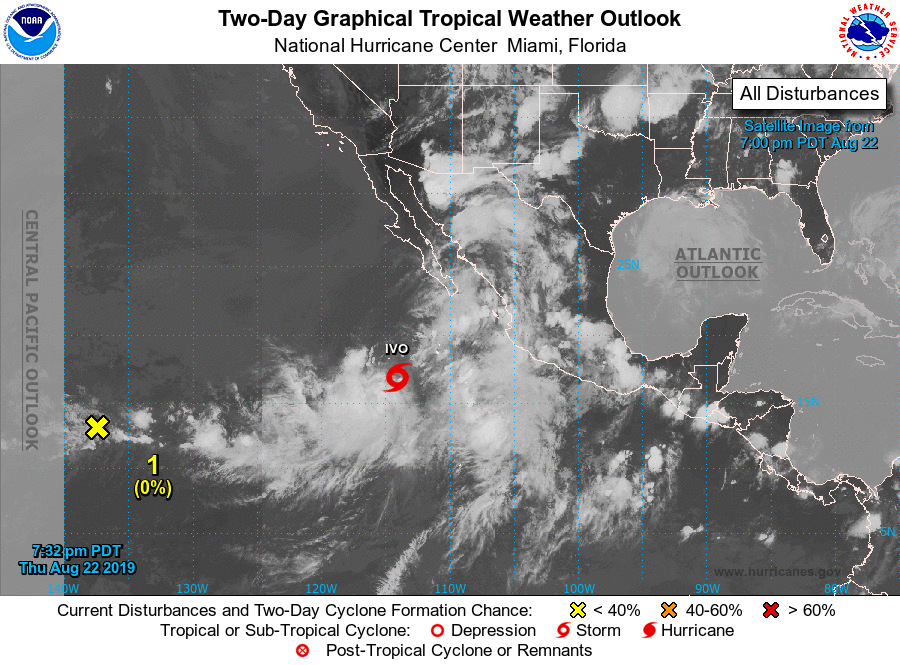
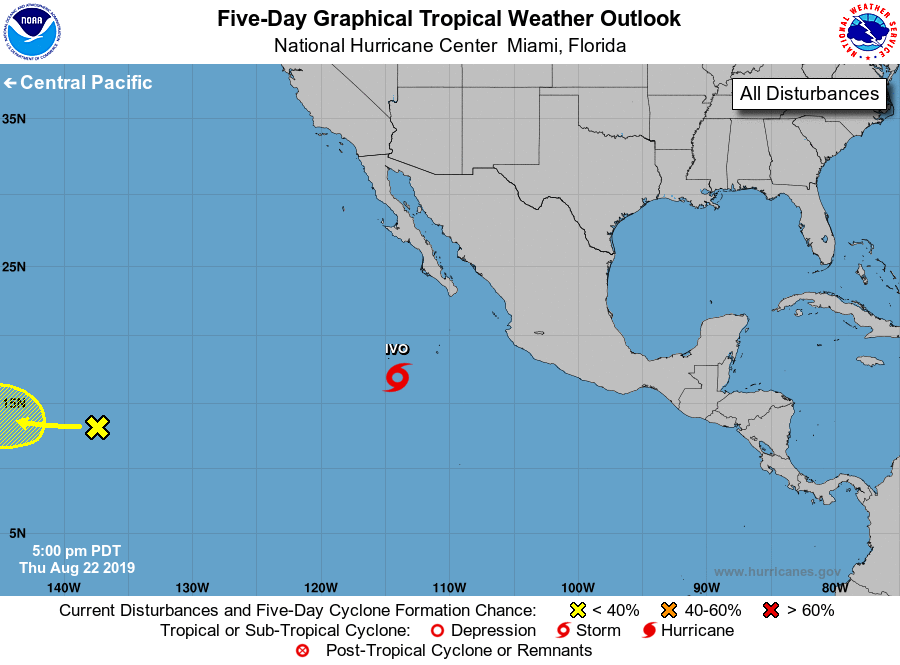
For the eastern North Pacific...east of 140 degrees west longitude:

The National Hurricane Center is issuing advisories on Tropical Storm Ivo, located several hundred miles south-southwest of the southern tip of the Baja California peninsula.

1. A surface trough located a little less than 1200 miles east-southeast of the Big Island of Hawaii continues to produce disorganized cloudiness and showers. Environmental conditions could become conducive for some development, in a few days, in the central Pacific basin, well to the east of Hawaii, while the system is moving slowly northwestward.
* Formation chance through 48 hours...low...near 0 percent.
* Formation chance through 5 days...low...30 percent.

Forecaster Roberts